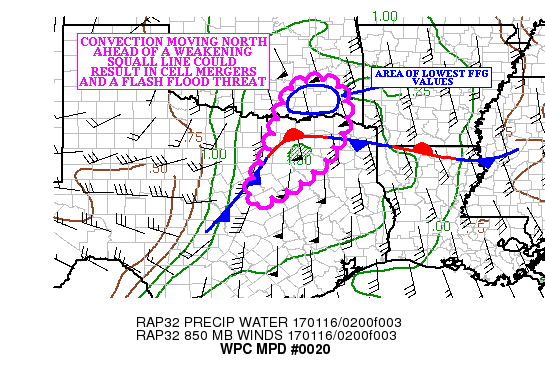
AREAS AFFECTED...NORTHEAST TX...SOUTHEAST OK

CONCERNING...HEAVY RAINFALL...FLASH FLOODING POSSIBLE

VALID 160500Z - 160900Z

SUMMARY....CONVECTION STREAMING NORTH AHEAD OF A WEAKENING SQUALL
LINE OVER NORTHEAST COULD POSE THREAT FOR TRAINING AND LOCALIZED
FLASH FLOODING INTO THE EARLY MORNING HOURS.

DISCUSSION...A WEAKENING SQUALL LINE MOVING ACROSS NORTHEAST TX
(WHICH RESULTED IN FLASH FLOODING IN THE DALLAS/FT WORTH AREAS
EARLIER) CONTINUES TO PUSH EAST. AHEAD OF THE SQUALL
LINE...CONVECTIVE CELLS SOUTH OF A STATIONARY FRONT ACROSS
NORTHEAST TX CONTINUE TO STREAM NORTHEAST. THE CELLS ARE FORMING
IN AN AIRMASS WITH 500 J/KG OF MOSTLY ELEVATED INSTABILITY...
WHILE A 35 TO 45 KNOT LOW LEVEL JET PUMPS 1.40 INCH PRECIPITABLE
WATER AIR ACROSS NORTHEAST TX IN NEARBY SOUTHEAST OK.

WHILE THE MAIN THREAT WITH THE WEAKENING SQUALL LINE REMAINS
SEVERE WEATHER...THE CONVECTIVE CELLS MERGING WITH THE SQUALL LINE
ACROSS PORTIONS OF NORTHEAST TX INTO NEARBY SOUTHEAST OK COULD
RESULT IN A FLASH FLOOD THREAT. WHILE MUCH OF THE HIGH RESOLUTION
GUIDANCE IS ALREADY SLOWER THAN REALITY WITH THE TIMING OF THE
SQUALL IN ACROSS NORTHEAST TX...THERE IS A MULTI MODEL SIGNAL
(INCLUDING THE LATEST HRRR/RAP...AS WELL AS THE 00Z WRF ARW3) FOR
A STRIPE OF 2.00 TO 3.00 INCHES OF RAINFALL WHERE CELL MERGER
OCCUR.

AS THE CONVECTION MOVES INTO SOUTHEAST OK...FLASH FLOOD GUIDANCE
VALUES ARE LOWER (AS LOW AS 1.50 INCHES IN SPOTS). GIVEN THE LOWER
FLASH FLOOD GUIDANCE VALUES...AS WELL AS THE MULTI MODEL SIGNAL
FOR RAINFALL AMOUNTS NEAR OR EXCEEDING 2.00 INCHES...FLASH
FLOODING IS POSSIBLE THROUGH ABOUT 08Z OR SO. AFTER THAT
TIME...THE LATEST RAP SUGGESTS THAT THE INSTABILITY THIS FAR NORTH
WILL HAVE BEEN CONSUMED...AND A WEAKENING TREND IN THE CONVECTION
IS EXPECTED.